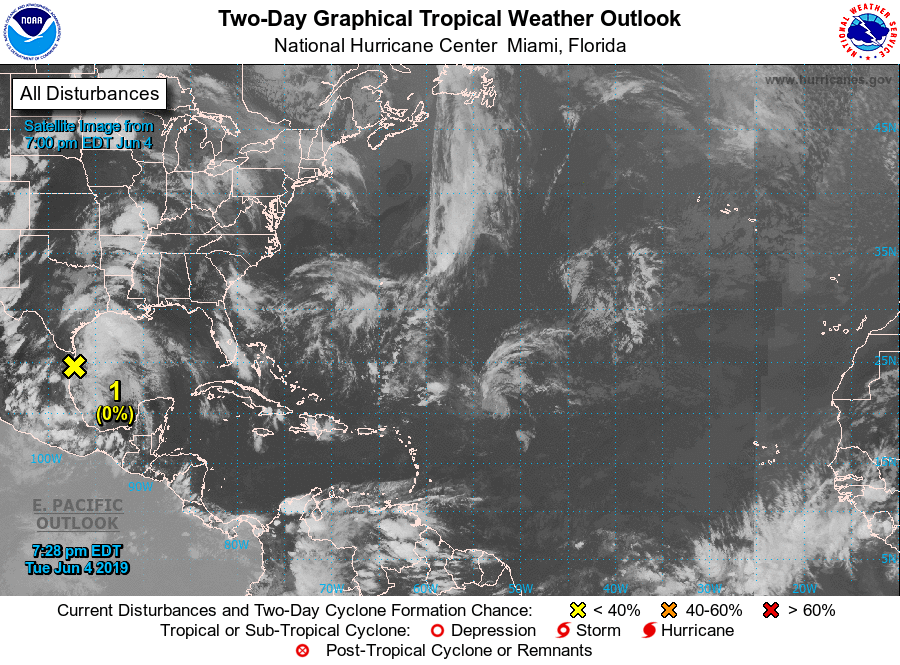
For the North Atlantic...Caribbean Sea and the Gulf of Mexico:

1. Satellite imagery and surface observations indicate that the broad area of low pressure previously over the southwestern Gulf of Mexico has weakened to a trough near the lower Texas and northeastern Mexico coasts, and development of this system is no longer expected. However, the disturbance will likely produce heavy rainfall over portions of eastern Mexico, southeastern Texas and the Lower Mississippi Valley during the next few days. For more information about the rainfall threat in the United States, please see products issued by your local forecast office and the Weather Prediction Center.
* Formation chance through 48 hours...low...near 0 percent.
* Formation chance through 5 days...low...near 0 percent.

Forecaster Beven